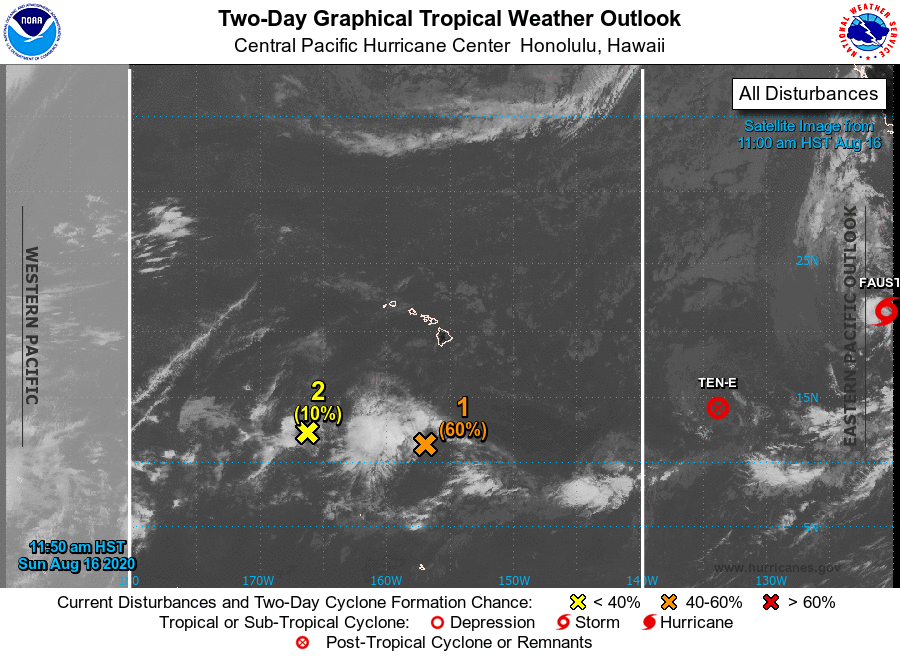
For the central North Pacific...between 140W and 180W:

1. An area of low pressure about 700 miles south of Honolulu, Hawaii is producing persistent showers and thunderstorms, but the system still lacks significant organization. Environmental conditions are expected to be marginally conducive for gradual development over the next couple of days as the system moves toward the west near 10 mph.
* Formation chance through 48 hours...medium...60 percent.
* Formation chance through 5 days...high...70 percent.

2. An elongated area of low pressure about 800 miles southwest of Honolulu, Hawaii is producing disorganized showers and thunderstorms. Environmental conditions are not expected to be conducive for further development as the system moves toward the west near 10 mph.
* Formation chance through 48 hours...low...10 percent.
* Formation chance through 5 days...low..20 percent.

Elsewhere, no tropical cyclones are expected during the next 5 days.

Forecaster Birchard